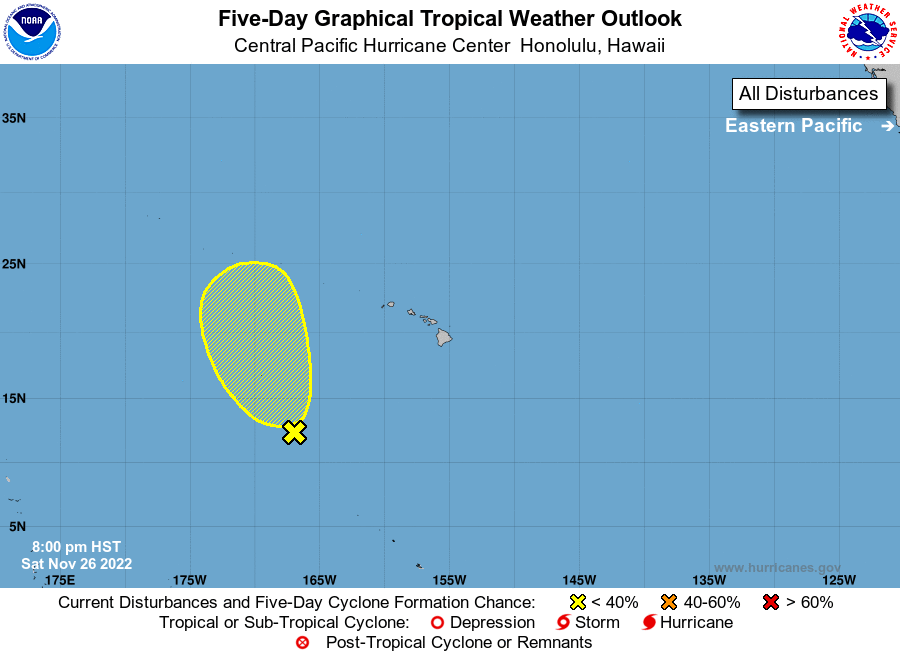
For the central North Pacific...between 140W and 180W:

1. A surface trough located about 870 miles southwest of Honolulu, Hawaii is producing disorganized showers and thunderstorms. An area of low pressure could form along the trough during the next day or two, with some slow development possible next week as it moves slowly toward the north.
* Formation chance through 48 hours...low...10 percent
* Formation chance through 5 days...low...20 percent

Elsewhere, no tropical cyclones are expected during the next 5 days.

The central North Pacific hurricane season officially ends on November 30. The final Tropical Weather Outlook of the season will be issued at 8 PM HST on November 30. Routine issuance of the Tropical Weather Outlook will resume on June 1, 2023. During the off-season, Special Tropical Weather Outlooks will be issued if conditions warrant.

Forecaster Houston